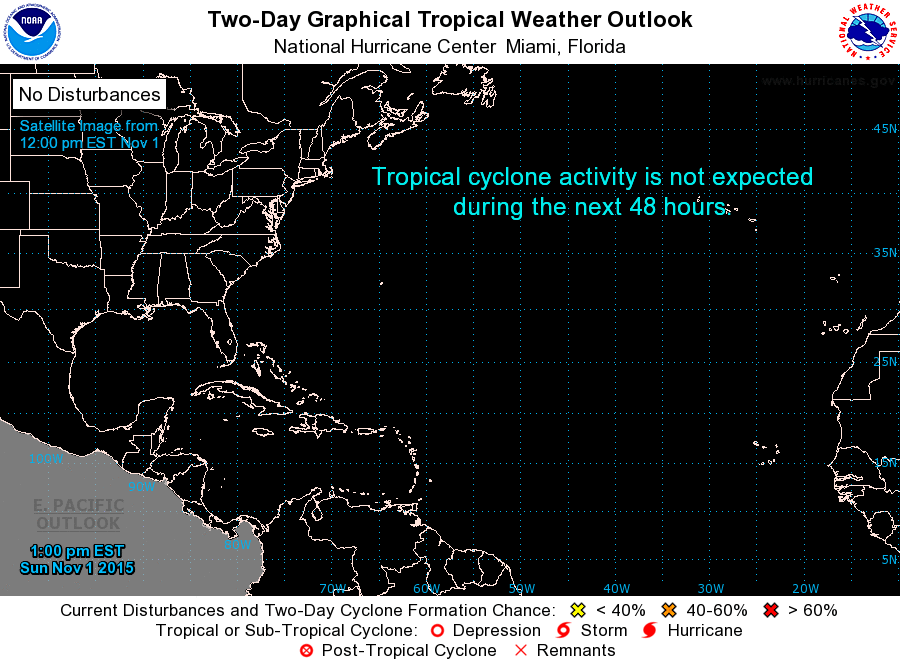
For the North Atlantic...Caribbean Sea and the Gulf of Mexico:

Tropical cyclone formation is not expected during the next 5 days.

Forecaster Stewart